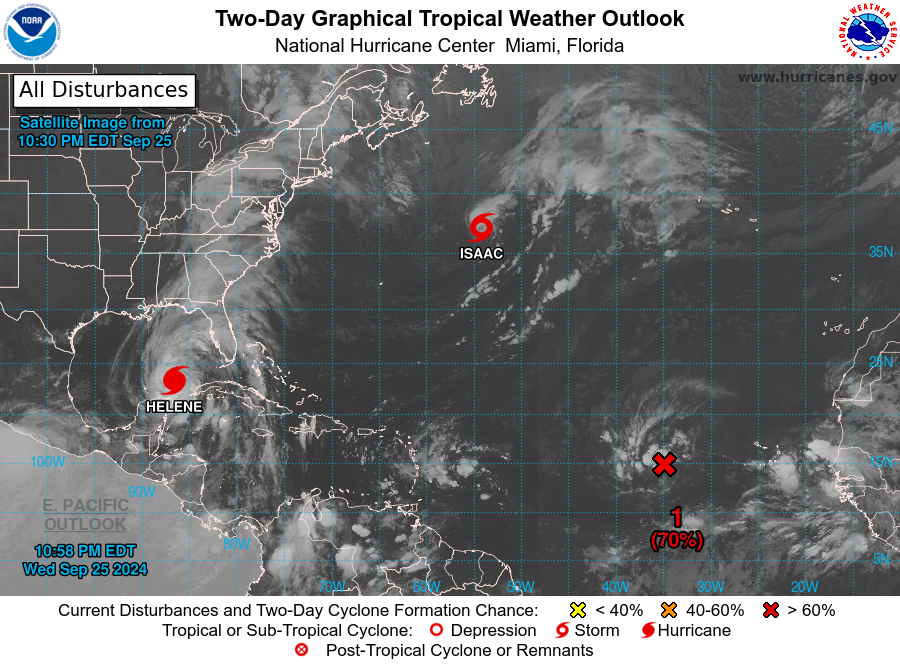
For the North Atlantic...Caribbean Sea and the Gulf of Mexico:

Special outlook issued to update information about AL99, the system located over the Central Subtropical Atlantic.

Active Systems: The National Hurricane Center is issuing advisories on Hurricane Helene, located over the southeastern Gulf of Mexico.

1. Eastern and Central Tropical Atlantic (AL98): Showers and thunderstorms have become slightly better organized over the past 24 hours in association with a broad low pressure system along a tropical wave located several hundred miles west of the Cabo Verde Islands. Environmental conditions appear favorable for gradual development of this system, and a tropical depression is likely to form during the next couple of days while it moves westward to west-northwestward across the eastern and central tropical Atlantic.
* Formation chance through 48 hours...high...70 percent.
* Formation chance through 7 days...high...80 percent.

2. Central Subtropical Atlantic (AL99): Updated: Showers and thunderstorms continue to become better organized with a gale-force area of low pressure located several hundred miles to the east-northeast of Bermuda. Recently-received satellite wind data has revealed that the low is no longer attached to a frontal boundary and is producing a concentrated area of tropical-storm-force winds near the center. If these trends continue, this system is likely to become a tropical storm shortly. The system should continue moving generally east-northeastward, remaining over the central and eastern subtropical Atlantic. Additional information on this system, including gale warnings, can be found in High Seas Forecasts issued by the National Weather Service.
* Formation chance through 48 hours...high...80 percent.
* Formation chance through 7 days...high...80 percent.

High Seas Forecasts issued by the National Weather Service can be found under AWIPS header NFDHSFAT1, WMO header FZNT01 KWBC, and online at ocean.weather.gov/shtml/NFDHSFAT1.php

Forecaster Papin/Beven